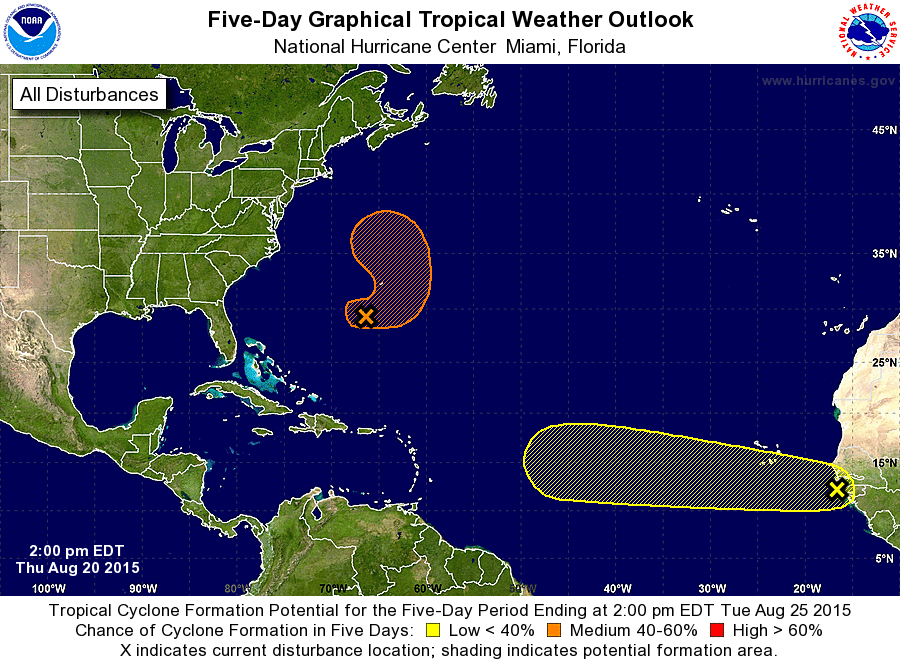
For the North Atlantic...Caribbean Sea and the Gulf of Mexico:

The National Hurricane Center is issuing advisories on recently upgraded Hurricane Danny, located over the central tropical Atlantic more than a thousand miles miles east of the Windward Islands.

1. A surface trough interacting with an upper-level low is producing an area of showers and thunderstorms to the southeast through southwest of Bermuda. A non-tropical low pressure system is expected to form within this trough over the western Atlantic during the next day or two, and environmental conditions should support some subsequent tropical or subtropical development over the weekend while the disturbance moves slowly northward.
* Formation chance through 48 hours...low...20 percent
* Formation chance through 5 days...medium...60 percent

2. A tropical wave that has emerged off of the west coast of Africa several hundred miles southeast of the Cape Verde Islands is producing disorganized showers and thunderstorms. Environmental conditions are expected to become marginally favorable for some development of this system over the weekend and into early next week while the wave moves westward at 15 to 20 mph over the eastern tropical Atlantic.
* Formation chance through 48 hours...low...10 percent
* Formation chance through 5 days...low...30 percent

Forecaster Stewart